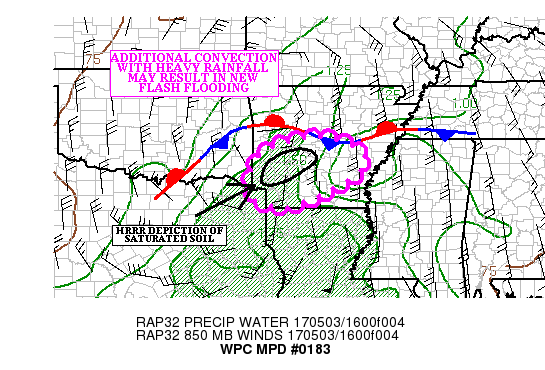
AREAS AFFECTED...SOUTHERN AR

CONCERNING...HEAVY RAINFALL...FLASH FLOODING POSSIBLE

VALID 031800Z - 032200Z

SUMMARY...ADDITIONAL CONVECTION FORMING AND MOVING OVER AREAS OF
SOIL SATURATED BY EARLIER HEAVY RAIN COULD RESULT IN RENEWED FLASH
FLOODING THROUGH THE AFTERNOON.

DISCUSSION...THE KLZK RADAR INDICATED ADDITIONAL SCATTERED
CONVECTION FORMING OVER SOUTHWEST AR AHEAD OF A FRONTAL BOUNDARY
DRAPED ACROSS SOUTHEAST OK AND NEARBY NORTH TX. THE LATEST
EXPERIMENTAL GOES-16 IR 10.4 MICRON IMAGES SHOWED COOLING TOPS
WITH THE DEVELOPING STORMS.
THE CONVECTION IS FORMING IN AN AXIS OF 1.60 INCH PRECIPITABLE
WATER AIR...WHICH IS COINCIDENT WITH A STRIPE OF 500-1000 J/KG OF
MLCAPE POKING INTO SOUTHWEST AR.

THE CONVECTION IS TRACKING OVER AREAS THAT RECEIVED HEAVIER RAIN
LATE THIS MORNING AND EARLY THIS AFTERNOON...AND THE 17Z HRRR SOIL
SATURATION PRODUCT SHOWED THAT SATURATION IS OCCURRING OVER
PORTIONS OF SOUTHWEST AR...WHERE THE DEVELOPING CONVECTION IS
EXPECTED TO TRACK.

THE BEST LIFT AHEAD OF A SHORT WAVE MOVING INTO SOUTH CENTRAL OK
IS EXPECTED THROUGH ABOUT 22Z...AND THE LIFT COULD HELP EXPAND AND
ORGANIZE THE CONVECTION OVER SOUTHWEST AR. INSTABILITY COULD END
UP BEING THE LIMITING FACTOR FOR A MORE WIDESPREAD FLASH FLOOD
THREAT. HOWEVER...THERE IS A FAIRLY SOLID HIGH RESOLUTION MODEL
SIGNAL SHOWING AN ADDITIONAL 2.00 INCHES OF RAINFALL OVER PORTIONS
OF THE REGION THROUGH 22Z. THIS MUCH RAINFALL SHOULD BE SUFFICIENT
TO RESULT IN ADDITIONAL FLASH FLOODING AHEAD OF THE SLOW MOVING
FRONT.